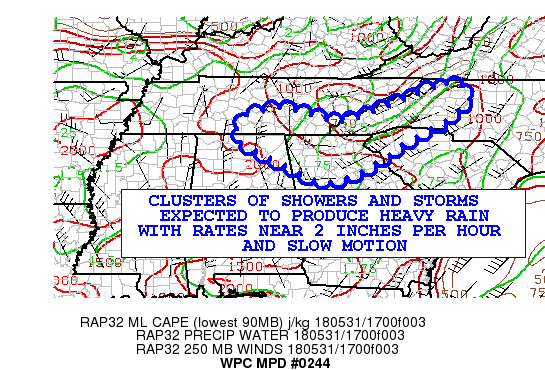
AREAS AFFECTED......SOUTHEAST TN AND NORTHEAST AL ACROSS NORTHERN
GA AND NORTHWEST SC...

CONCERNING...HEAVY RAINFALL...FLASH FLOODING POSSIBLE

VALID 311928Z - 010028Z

SUMMARY...HEAVY SHOWERS/STORMS ARE FORECAST TO MOVE OUT OF THE
SOUTHERN APPALACHIANS
INTO ADJACENT AREAS OF SOUTHEAST TN....NORTHEAST AL....NORTHERN
GA...AND THE WESTERN CAROLINAS.

PRIOR RAINS HAVE RESULTED IN AREAS PRONE TO FLASH FLOODING SO
PATCHES OF 1-3 INCHES OF RAIN COULD CAUSE FLOODING IN THE WESTERN
CAROLINAS.  2-4 INCHES OF RAIN ARE POSSIBLE IN PORTIONS OF
SOUTHEAST TN TO NORTHERN GA AND NORTHEAST AL.

DISCUSSION...REGIONAL RADARS AND SATELLITE HAVE SHOWN AN INCREASE
IN SHOWERS/STORMS ACROSS SOUTHEAST TN AND IN THE SOUTHERN
APPALACHIANS TO ADJACENT AREAS OF THE WESTERN CAROLINAS. THESE
STORMS WILL MOVE SLOWLY SOUTHEAST.  SLOW MOTION AND LOCALIZED
TRAINING COULD LEAD TO HEAVY RAIN AND FLASH FLOODING CONCERNS.

DIURNAL DESTABILIZATION AND DEEP MOISTURE WITH MID 70S DEWPOINTS
SUPPORT ADDITIONAL SHOWERS/STORMS...AIDED BY LIFT CREATED BY UPPER
LEVEL DIVERGENCE MAXIMA MOVING ACROSS TN INTO AL/GA/WESTERN
CAROLINAS.

OBSERVED AND FORECAST SOUNDINGS ACROSS NORTHERN GA SHOW
SURFACE-500 MB RELATIVE HUMIDITY OF 80-90 PERCENT...SO SHOWERS
WILL BE EFFICIENT RAINFALL PRODUCERS.

THE WESTERN CAROLINAS TO NORTHEAST GA HAVE RECEIVED HEAVY RAINS
EARLIER THIS WEEK SO ARE PRONE TO FLOODING IF ADDITIONAL HEAVY
RAINS OCCUR.  CLUSTERS OF 1-3 INCHES ARE FORECAST HERE. FORECAST
SOUNDINGS SHOW SURFACE-850 MB WINDS OF 10 KT OR LESS SO SLOW
MOTIONS ARE EXPECTED.

THE SHOWERS/STORMS DROPPING OUT OF TN INTO NORTHERN GA AND LATER
INTO NORTHEAST AL WILL BE FED BY AN IMPRESSIVE 3500-4000 J/KG
MIXED LAYER CAPE IN NORTHERN AL.
WHICH WOULD RESULT IN LOCALIZED HEAVY RAIN TOTALS.  OUTFLOWS FROM
EXISTING CELLS IN SOUTHEAST TN TO ADJACENT NORTHERN GA PROVIDE
WELL DEFINED BOUNDARY LAYER MOISTURE CONVERGENCE...SO ADDITIONAL
SHOWERS/STORMS ARE EXPECTED.

THE NAM CONUS NEST...WRF ARW AND ARW 2 AND THE 16-17Z HIGH RES
RAPID REFRESH SHOW CLUSTERS OF 1-3 INCHES OF RAIN WITH MAXIMA TO 5
INCHES WHERE CELL MERGERS...BRIEF TRAINING OR MORE THAN ONE ROUND
OF SHOWERS/STORMS OCCUR IN SOUTHEAST TN TO NORTHERN GA AND
NORTHEAST AL.